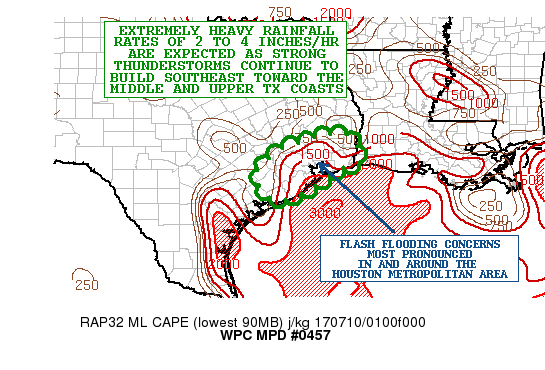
AREAS AFFECTED...SOUTHEAST TX

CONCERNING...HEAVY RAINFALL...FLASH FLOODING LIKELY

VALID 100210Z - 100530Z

SUMMARY...VERY HEAVY RAINFALL IS EXPECTED OVER THE NEXT COUPLE
HOURS ACROSS THE HOUSTON METROPOLITAN AREA DUE TO SLOW-MOVING
THUNDERSTORMS. ADJACENT AREAS OF THE MIDDLE AND UPPER TX COASTS
WILL ALSO BE IMPACTED. FLASH FLOODING IS LIKELY.

DISCUSSION...A CLUSTER OF THUNDERSTORMS WITH INTENSE RAINFALL
RATES BETWEEN 2 AND 4 INCHES/HR BASED ON DUAL-POL RADAR AND
SURFACE OBSERVATIONS IS GRADUALLY SETTLING SOUTHEAST INTO THE
HOUSTON METROPOLITAN AREA AND THE ADJACENT SUBURBS.

THE CONVECTION IS BEING FACILITATED BY PROXIMITY OF A WEAK LOW TO
MID LEVEL VORT CENTER AND INTERACTION WITH A SURFACE TROUGH ACROSS
THE IMMEDIATE SOUTHEAST TX COASTAL PLAIN. MLCAPE VALUES OF 2000 TO
2500 J/KG ARE IN PLACE...ALONG WITH PWATS OF NEAR 2.25
INCHES...WHICH COUPLED WITH THE INTENSE COLD CONVECTIVE TOPS NOTED
IN THE EXPERIMENTAL GOES-16 IR SATELLITE IMAGERY IS FACILITATING
THE EXTREME RAINFALL RATES.

EXPECT RAINFALL TOTALS OF LOCALLY OVER 5 INCHES IN AND AROUND THE
HOUSTON METROPOLITAN AREA AND THE ADJACENT SUBURBS AS THIS
SLOW-MOVING CONVECTIVE COMPLEX CONTINUES TO BUILD SOUTHEAST. THE
ACTIVITY WILL ALSO IMPACT AREAS MORE BROADLY INVOLVING THE MIDDLE
AND UPPER TX COASTS AS IT WILL BE TAKING ADVANTAGE OF A MODERATE
TO STRONGLY UNSTABLE AND VERY MOIST BOUNDARY COLUMN. FLASH
FLOODING IS LIKELY CONSIDERING THE URBANIZED ENVIRONMENT THE HEAVY
RAINFALL WILL BE OCCURRING OVER.